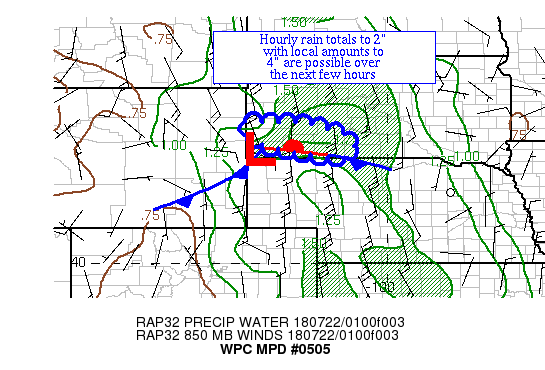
AREAS AFFECTED...SOUTHWEST SD

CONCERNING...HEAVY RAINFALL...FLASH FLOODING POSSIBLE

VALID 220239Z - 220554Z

SUMMARY...A SHORT TRAINING BAND OF THUNDERSTORMS IS EXPECTED TO
PERSIST ANOTHER 2-3 HOURS.  HOURLY RAIN TOTALS TO 2" WITH LOCAL
AMOUNTS TO 4" ARE POSSIBLE UNTIL IT SHORTENS/FORWARD PROPAGATES.

DISCUSSION...A MESOSCALE LOW MARKS THE WESTERN END OF A SHORT
TRAINING BAND IN SOUTHWEST SD.  DIVERGENCE ALOFT APPEARS TO BE
SPONSORED BY A PAIR OF SHORTWAVES ACROSS CENTRAL AND NORTHEAST MT.
 PRECIPITABLE WATER VALUES ARE ~1.5" PER THE RAPID CITY SD
SOUNDING.  INFLOW AT 850 HPA IS SOUTHEAST AT 20 KTS PER VAD WIND
PROFILES AND RAP MASS FIELDS, WHICH IS IMPORTING MU CAPE VALUES OF
2000-4000 J/KG.  EFFECTIVE BULK SHEAR OF 30-40 KTS HAS HELPED
ORGANIZE THE BAND. INSTANTANEOUS RAIN RATES HAVE RISEN INTO THE
3-4" RANGE PER INFORMATION FROM THE RAPID CITY SD FORECAST OFFICE.

BELIEVE THE 00Z NAM CONEST HAS A REASONABLE IDEA OF FUTURE
EXPECTATIONS.  SOME WEST TO EAST TRAINING IS EXPECTED ALONG THE
BAND, WHICH IS EXPECTED TO SAG SLIGHTLY SOUTHWARD WITH TIME WHILE
SHORTENING FROM WEST TO EAST.  ONCE IT MOVES THROUGH THE
INSTABILITY POOL TO ITS SOUTH, IT IS EXPECTED TO EVOLVE INTO A
FORWARD PROPAGATING CONVECTIVE ARC.  UNTIL THEN, HOURLY RAIN
TOTALS TO 2" (SHORTER TERM RAIN RATES UP TO 3-4") WITH LOCAL
AMOUNTS TO 4" APPEAR POSSIBLE.